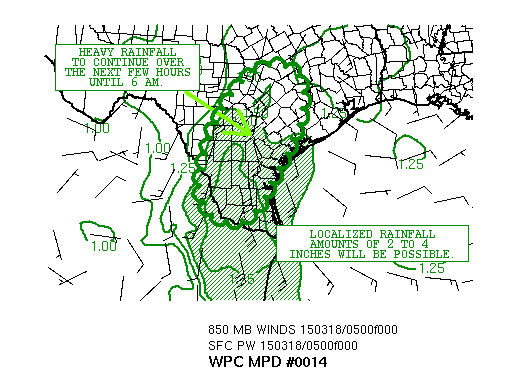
AREAS AFFECTED...DEEP SOUTH TEXAS

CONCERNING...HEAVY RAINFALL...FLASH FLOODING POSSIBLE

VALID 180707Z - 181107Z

SUMMARY...AN INCREASED THREAT FOR HEAVY RAINFALL EXISTS OVER THE
NEXT SEVERAL HOURS ACROSS DEEP SOUTH TEXAS.  HIGHER-END FLASH
FLOOD GUIDANCE VALUES SUGGEST ANY FLASH FLOODING SHOULD LIKELY BE
LOCALIZED.

DISCUSSION...AN INCREASING AREA OF MODERATE TO HEAVY RAINFALL HAS
DEVELOPED ACROSS THE SOUTHERN-MOST PARTS OF TEXAS OVERNIGHT WITH
HOURLY RAINFALL RATES OF 1 TO 2 INCHES PER HOUR IN LOCALIZED
BANDS.  ALL OF THIS IS OCCURRING ALONG AN ENHANCED AXIS OF LOWER
ATMOSPHERIC MOISTURE EXTENDING DOWN INTO NORTHERN MEXICO.  THE 00Z
RAOBS AND MODEL DATA ACROSS THE REGION SHOWED PW VALUES ON THE
ORDER OF 1.50 INCH.

AS OF 2 AM CDT, A 30-KNOT LLJ WAS IN PLACE ACROSS THE SCALLOPED
REGION IN THE GRAPHIC, WITH SHORT-TERM MODEL GUIDANCE SUGGESTING
THIS SHOULD CONTINUE OVER THE NEXT FEW HOURS.  MODEST LEVELS OF
CAPE NEAR 500 J/KG ALONG WITH DEEP LAYER ASCENT OWING TO SHORTWAVE
ENERGY ALOFT APPEAR TO BE ENOUGH TO SUSTAIN HEAVY WARM-CLOUD RAIN
PROCESSES GIVEN SUFFICIENT UPPER-LEVEL DIFFLUENCE. THE RAINFALL
CURRENTLY BEING OBSERVED IS HEAVIER THAN MOST EARLIER MODEL
GUIDANCE, SUGGESTING THAT PRECIPITATION EFFICIENCY IS HIGH.